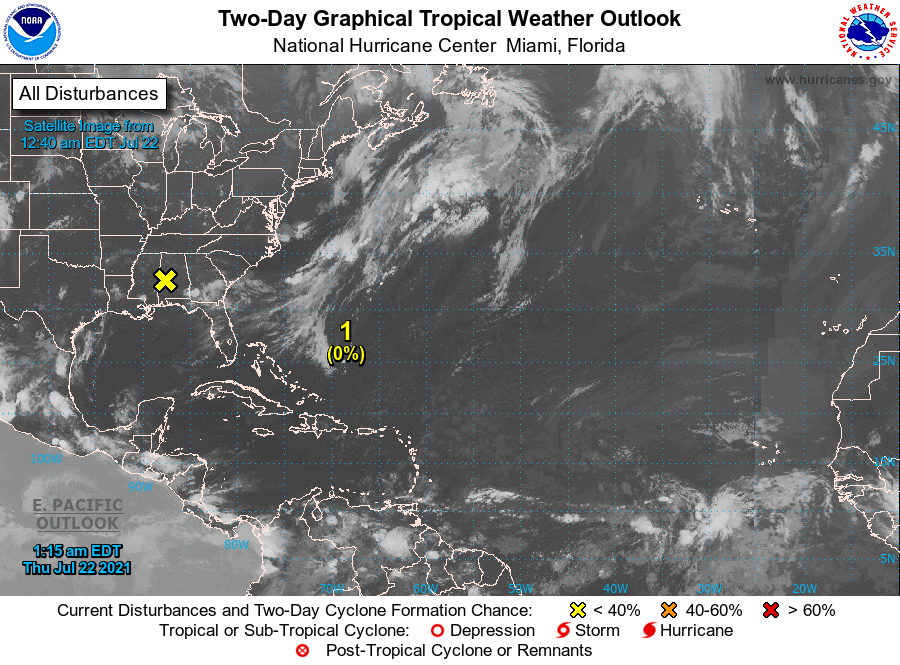
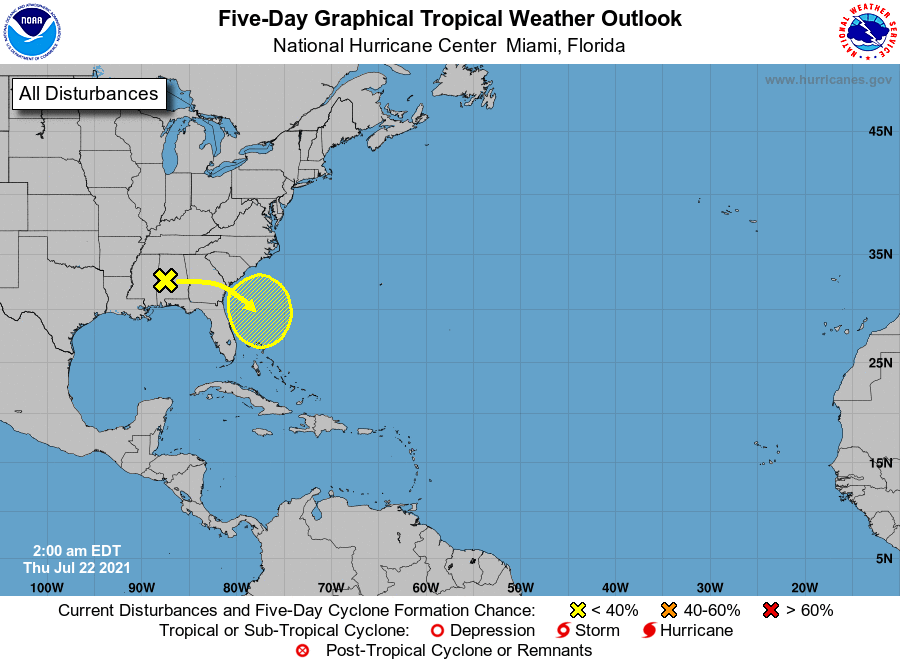
For the North Atlantic...Caribbean Sea and the Gulf of Mexico:

1. A broad trough of low pressure associated with a dissipated frontal system over Alabama and Georgia is forecast to move off of the southeastern United States coastline on Friday. Environmental conditions are expected to be marginally conducive for some gradual development over the weekend and into early next week while the system meanders offshore the coasts of Georgia and eastern Florida.
* Formation chance through 48 hours...low...near 0 percent.
* Formation chance through 5 days...low...30 percent.

Forecaster Stewart